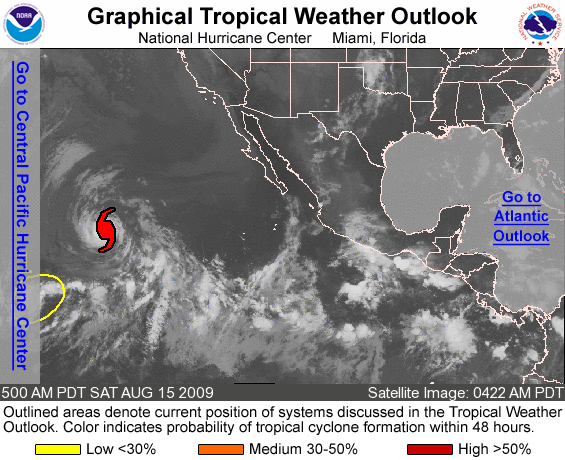
FOR THE EASTERN NORTH PACIFIC...EAST OF 140 DEGREES WEST LONGITUDE..

THE NATIONAL HURRICANE CENTER IS ISSUING ADVISORIES ON HURRICANE GUILLERMO...LOCATED ABOUT 1475 MILES WEST OF THE SOUTHERN TIP OF BAJA CALIFORNIA.

1. THE REMNANT LOW OF TROPICAL DEPRESSION NINE-E IS LOCATED ABOUT 1190 MILES EAST-SOUTHEAST OF THE HAWAIIAN ISLANDS. DISORGANIZED SHOWERS AND THUNDERSTORMS ASSOCIATED WITH THIS SYSTEM HAVE DIMINISHED THIS MORNING. RE-DEVELOPMENT...IF ANY...WILL BE SLOW TO OCCUR. THERE IS A LOW CHANCE...LESS THAN 30 PERCENT...OF THIS SYSTEM BECOMING A TROPICAL CYCLONE DURING THE NEXT 48 HOURS.

ELSEWHERE...TROPICAL CYCLONE FORMATION IS NOT EXPECTED DURING THE NEXT 48 HOURS.

FORECASTER ROBERTS/BEVEN